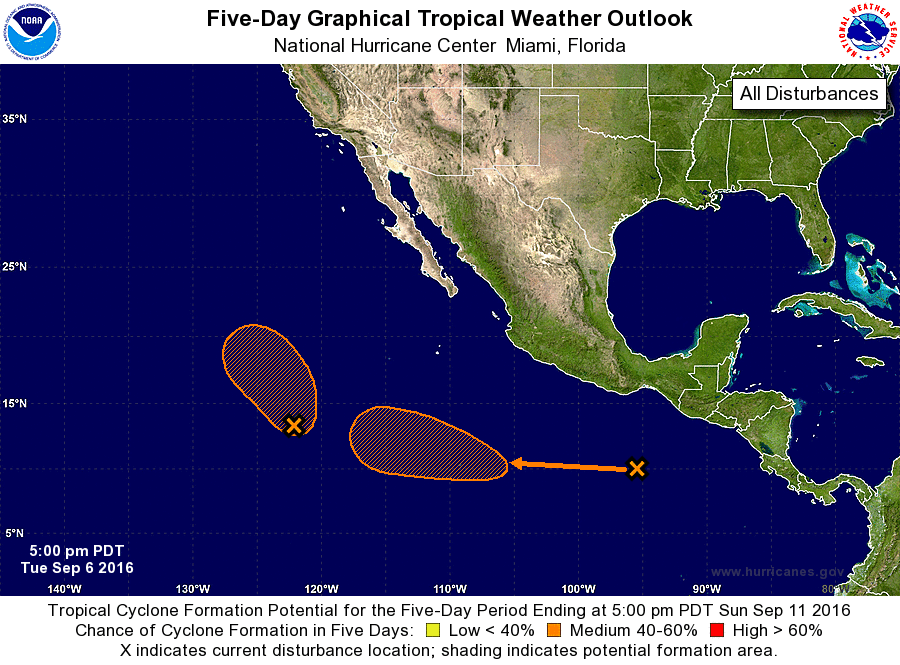
For the eastern North Pacific...east of 140 degrees west longitude:

The National Hurricane Center is issuing advisories on Hurricane Newton, located near the eastern coast of the Baja California peninsula.

1. Showers and thunderstorms associated with a low pressure area located about 1100 miles southwest of the southern tip of the Baja California peninsula remain disorganized. Environmental conditions are expected to be somewhat conducive for development during the next couple of days, but conditions are forecast to become less favorable later this week while the disturbance moves northward and then northwestward.
* Formation chance through 48 hours...medium...40 percent
* Formation chance through 5 days...medium...40 percent

2. A tropical wave located well south of the Gulf of Tehuantepec is producing disorganized showers and a few thunderstorms. A low pressure system is expected to form from this wave in a couple of days several hundred miles southwest of Manzanillo, Mexico. Slow development of this system is possible, and a tropical depression could form over the weekend while the low moves west-northwestward.
* Formation chance through 48 hours...low...near 0 percent
* Formation chance through 5 days...medium...60 percent

Forecaster Brown